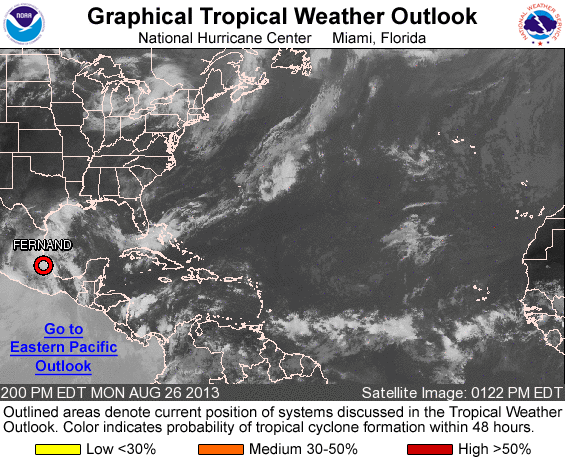
FOR THE NORTH ATLANTIC...CARIBBEAN SEA AND THE GULF OF MEXICO...

THE NATIONAL HURRICANE CENTER IS ISSUING ADVISORIES ON TROPICAL DEPRESSION FERNAND...LOCATED INLAND SOUTH-SOUTHWEST OF TUXPAN MEXICO.

TROPICAL CYCLONE FORMATION IS NOT EXPECTED DURING THE NEXT 48 HOURS.

OTHER SYSTEMS WITH FORMATION POTENTIAL BEYOND 48 HOURS...

A TROPICAL WAVE LOCATED SOUTH-SOUTHEAST OF THE CAPE VERDE ISLANDS IS EXPECTED TO MOVE GENERALLY WESTWARD ACROSS THE TROPICAL ATLANTIC OVER THE NEXT SEVERAL DAYS. SOME GRADUAL DEVELOPMENT OF THIS DISTURBANCE IS POSSIBLE LATER THIS WEEK. THIS SYSTEM HAS A LOW CHANCE...NEAR 0 PERCENT...OF BECOMING A TROPICAL CYCLONE DURING THE NEXT 48 HOURS...AND A MEDIUM CHANCE...30 PERCENT...OF BECOMING A TROPICAL CYCLONE DURING THE NEXT 5 DAYS.

&&
FIVE-DAY FORMATION PROBABILITIES ARE EXPERIMENTAL IN 2013. COMMENTS ON THE EXPERIMENTAL FORECASTS CAN BE PROVIDED AT...

HTTP://WWW.NWS.NOAA.GOV/SURVEY/NWS-SURVEY.PHP?CODE=ETWO

FORECASTER BROWN